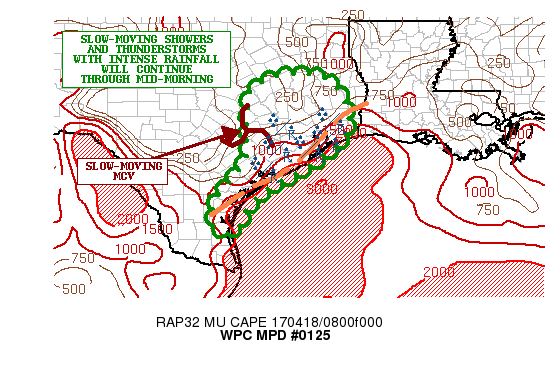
AREAS AFFECTED...SOUTHEAST TX

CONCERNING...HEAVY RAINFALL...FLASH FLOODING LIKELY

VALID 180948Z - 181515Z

SUMMARY...POCKETS OF VERY SLOW-MOVING SHOWERS AND THUNDERSTORMS
WITH INTENSE RAINFALL WILL CONTINUE THIS MORNING. ADDITIONAL FLASH
FLOODING IS LIKELY.

DISCUSSION...CYCLONIC FLOW ASSOCIATED WITH A SLOW-MOVING MCV WILL
CONTINUE TO FOCUS POCKETS OF SHOWERS AND THUNDERSTORMS THIS
MORNING ALONG THE MIDDLE AND UPPER TX COAST...AND SOMEWHAT INLAND
CLOSER TO THE VORT CENTER ITSELF. ALREADY ISOLATED AREAS IN
BRAZORIA COUNTY TO THE SOUTHWEST OF HOUSTON HAVE RECEIVED OVER 9
INCHES OF RAIN THIS MORNING DUE TO A CLUSTER OF NEARLY STATIONARY
THUNDERSTORMS. THE CONVECTION IS BEING FACILITATED BY THE VORT
DYNAMICS AND PROXIMITY OF A RATHER STRONG INSTABILITY GRADIENT
ALONG THE COAST. LOW LEVEL SOUTHEAST FLOW IS ALSO TRANSPORTING
DEEPER MOISTURE INTO A SURFACE TROUGH NEAR THE COAST. IN
FACT...PWATS REMAIN RATHER HIGH AND IN THE 1.6 TO 1.8 INCH RANGE
AS PER THE LATEST GPS-DERIVED PWAT DATA.

THIS HIGHER PWAT ENVIRONMENT WILL CONTINUE TO FOSTER RAINFALL
RATES OF AS MUCH AS 2 TO 3 INCHES/HR...AND WITH VERY WEAK STEERING
FLOW OVER THE REGION...THE CELL MOTION WILL BE QUITE SLOW WHICH
WILL HELP ALLOW FOR SOME VERY HEAVY RAINFALL TOTALS. THE LATEST
RUNS OF THE HRRR SUGGEST POCKETS OF AN ADDITIONAL 3 TO 6 INCHES OF
RAIN THROUGH MID-MORNING...AND THIS IS EXPECTED TO FALL ON SOME
AREAS THAT ALREADY RECEIVED VERY HEAVY RAIN. FLASH FLOODING IS
LIKELY.